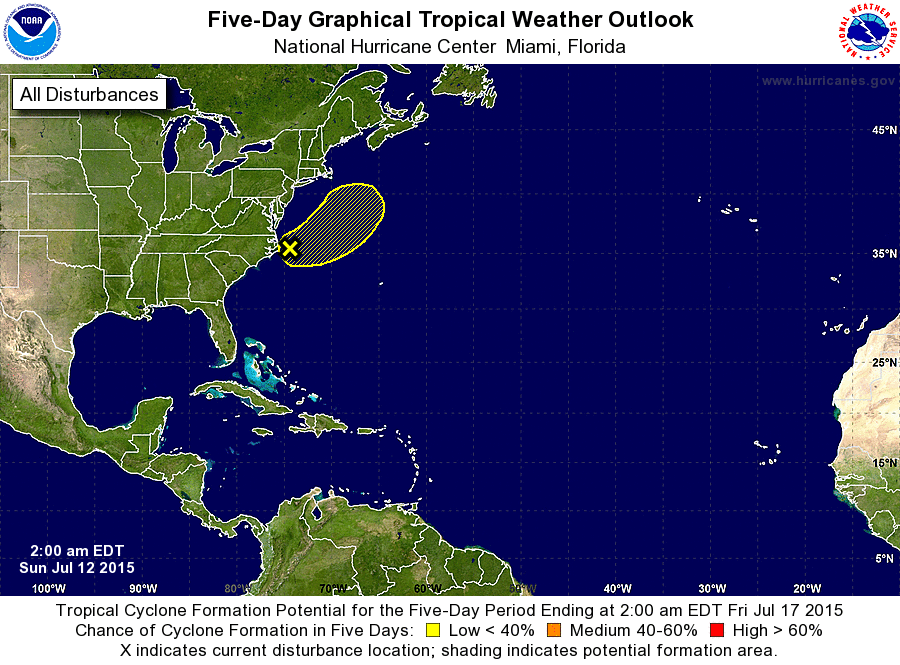
For the North Atlantic...Caribbean Sea and the Gulf of Mexico:

1. A non-tropical low pressure system has moved off of the east coast of the United States and is located about 70 miles east of Cape Hatteras, North Carolina. Although showers and thunderstorms have become concentrated near the center of the low, environmental conditions are expected to only be marginally conducive for development of a subtropical or tropical cyclone during the next day or so while the low moves eastward and then northeastward away from the United States.
* Formation chance through 48 hours...low...20 percent
* Formation chance through 5 days...low...20 percent

Forecaster Stewart